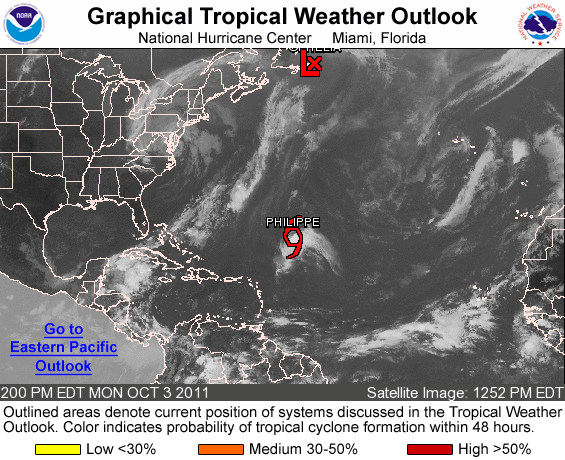
FOR THE NORTH ATLANTIC...CARIBBEAN SEA AND THE GULF OF MEXICO...

THE NATIONAL HURRICANE CENTER IS ISSUING ADVISORIES ON TROPICAL STORM PHILIPPE...LOCATED ABOUT 750 MILES SOUTHEAST OF BERMUDA... AND HAS ISSUED THE LAST ADVISORY ON POST-TROPICAL CYCLONE OPHELIA... LOCATED ABOUT 200 MILES NORTHEAST OF CAPE RACE NEWFOUNDLAND.

ELSEWHERE...TROPICAL CYCLONE FORMATION IS NOT EXPECTED DURING THE NEXT 48 HOURS.

FORECASTER BROWN